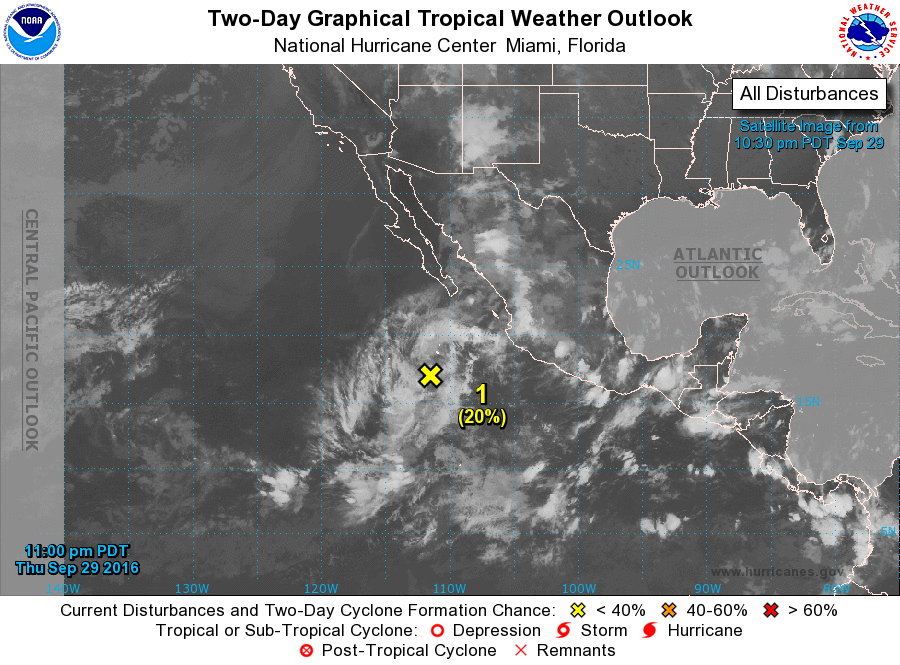
For the eastern North Pacific...east of 140 degrees west longitude:

1. Cloudiness and showers extending several hundred miles off the southwestern coast of Mexico are associated with a trough of low pressure. This system is forecast to move west-northwestward at 5 to 10 mph away from the coast of Mexico, and upper-level winds are expected to be marginally conducive for some development before the disturbance reaches cooler waters in a couple of days.
* Formation chance through 48 hours...low...20 percent
* Formation chance through 5 days...low...20 percent

Forecaster Berg